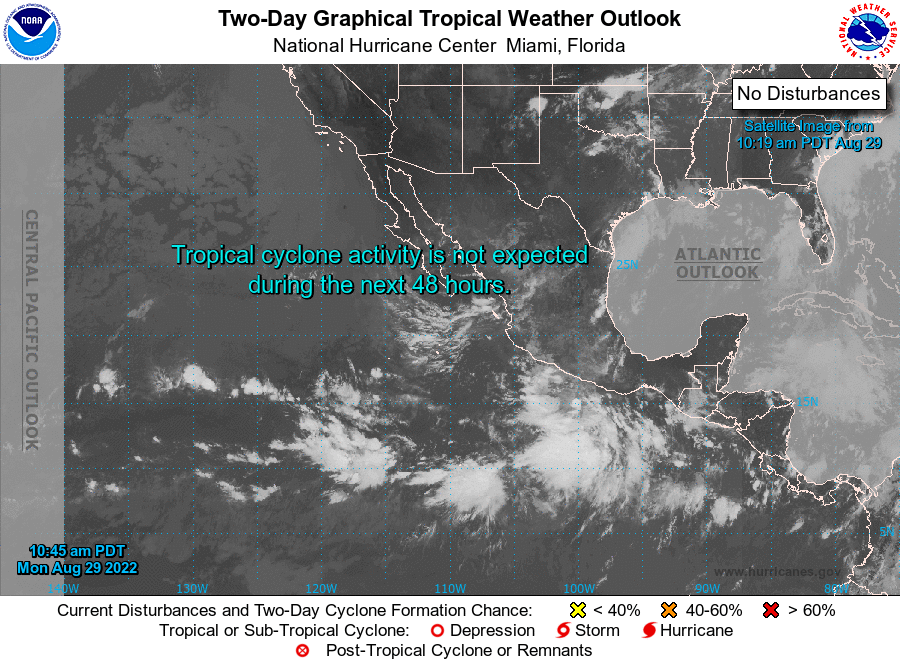
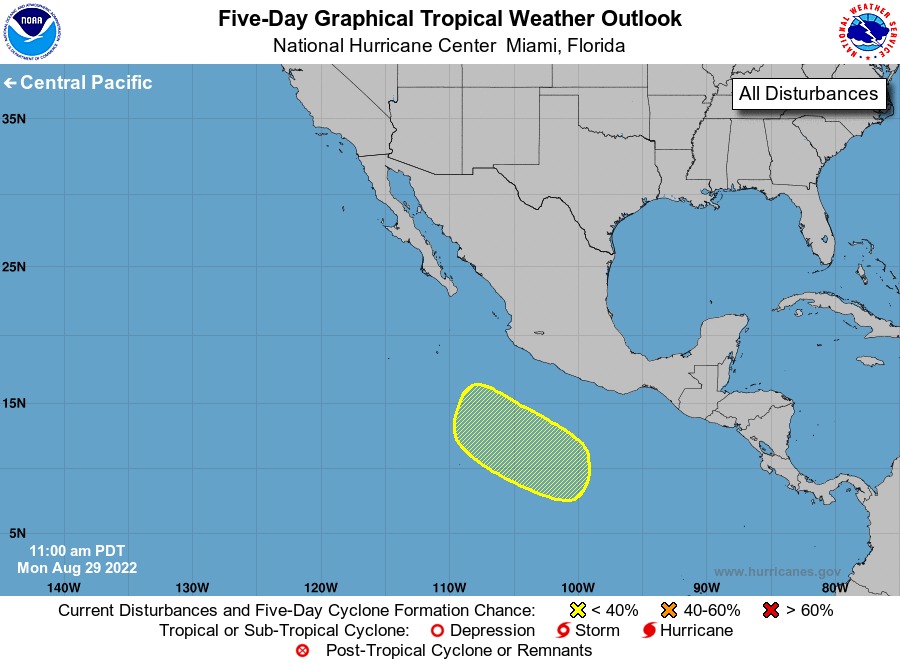
For the eastern North Pacific...east of 140 degrees west longitude:

1. Offshore of Southwest Mexico: An area of low pressure is forecast to form a few hundred miles south of southwestern Mexico in a few days. Some development of this system is possible toward the end of the week while it moves west-northwestward, well offshore of the coast of Mexico.
* Formation chance through 48 hours...low...near 0 percent.
* Formation chance through 5 days...low...20 percent.

Forecaster Roberts